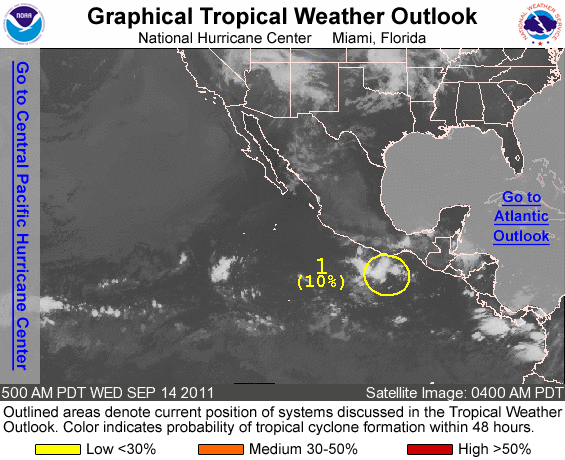
FOR THE EASTERN NORTH PACIFIC...EAST OF 140 DEGREES WEST LONGITUDE..

1. AN AREA OF DISTURBED WEATHER HAS FORMED A FEW HUNDRED MILES SOUTH-SOUTHEAST OF ACAPULCO MEXICO. UPPER-LEVEL WINDS ARE NOT EXPECTED TO BE CONDUCIVE FOR SIGNIFICANT DEVELOPMENT. THIS SYSTEM HAS A LOW CHANCE...10 PERCENT...OF BECOMING A TROPICAL CYCLONE DURING THE NEXT 48 HOURS AS IT MOVES TOWARD THE WEST AT ABOUT 10 MPH.

ELSEWHERE...TROPICAL CYCLONE FORMATION IS NOT EXPECTED DURING THE NEXT 48 HOURS.

FORECASTER BLAKE